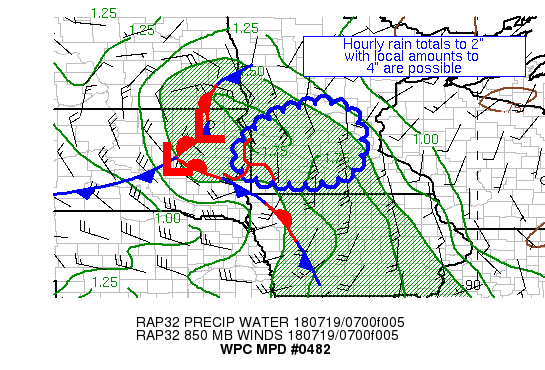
AREAS AFFECTED...SOUTHWEST MN & VICINITY

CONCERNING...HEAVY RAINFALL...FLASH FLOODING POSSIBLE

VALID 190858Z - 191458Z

SUMMARY...A MESOSCALE CIRCULATION APPEARS TO BE SPINNING UP
QUICKER THAN INDICATED BY SOME OF THE GUIDANCE NEAR THE SOUTHERN
MN/SD BORDER.  HOURLY RAIN TOTALS TO 2" WITH LOCAL AMOUNTS TO 4"
ARE EXPECTED.

DISCUSSION...A MESOSCALE CIRCULATION FORMED IN SOUTHEAST SD A FEW
HOURS AGO WHOSE CONVECTIVE PATTERN HAS BEEN SOMEWHAT BROADENING AS
OF LATE, WITH VERY RECENT CLOUD TOP COOLING SINCE 0830Z.  RECENT
RAP MASS FIELDS HAVE A GOOD OF THE DEVELOPMENTS IN THIS AREA.  THE
FLOW AT 850 HPA IS BECOMING MORE CENTERED AROUND THIS CIRCULATION
PER VAD WIND PROFILES, WITH SPEEDS OF 35 KTS IN THE SIOUX FALLS SD
PROFILE -- AT LEAST DOUBLE THE MEAN 850-400 HPA WIND -- AND
WEAKENING WINDS AT ABERDEEN SD.  THUNDERSTORM ACTIVITY TO THE
NORTH NEAR THE SD/ND BORDER HAS BEEN IN SLOW DECLINE.
PRECIPITABLE WATER VALUES OF 1.5-1.7" LIE HERE PER GPS VALUES.  MU
CAPE VALUES ARE ON THE RISE AS OF LATE, 500-1000 J/KG AROUND THE
CIRCULATION.  EFFECTIVE BULK SHEAR IS 20-30 KTS HERE PER RECENT
SPC MESOANALYSES.

RECENT RAP, HRRR, 06Z NAM CONEST, AND A SOUTHWARD ADJUSTED 00Z
CANADIAN REGIONAL MODEL SEEM TO HAVE AN IDEA OF WHAT IS GOING ON
CONVECTIVELY IN THIS REGION.  AS THE SYSTEM GROWS UPSCALE, IT
SHOULD BE ACCOMPANIED BY GREATER AMOUNTS OF 850 HPA INFLOW AND
BULK SHEAR, MAKING MORE EFFECTIVE USE OF THE INSTABILITY IN ITS
ENVIRONMENT ON A BROADER SCALE.  CONVECTION MAY PERIODICALLY FORM
CURVED BANDS AROUND THE SYSTEM, WHICH COULD LEAD TO SOME TRAINING.
 WHILE THE 00Z HREF PROBABILITIES OF 1"+ AN HOUR PEAK IN THE
13-14Z PERIOD, SUCH RATES HAVE ALREADY OCCURRED IN SOUTHEAST SD
AND SHOULD CONTINUE INTO THE MORNING HOURS.  HOURLY RAIN TOTALS TO
2" WITH LOCAL AMOUNTS TO 4" ARE EXPECTED, BOTH TO THE EAST OF THE
SYSTEM AND WITHIN ITS COMMA HEAD.